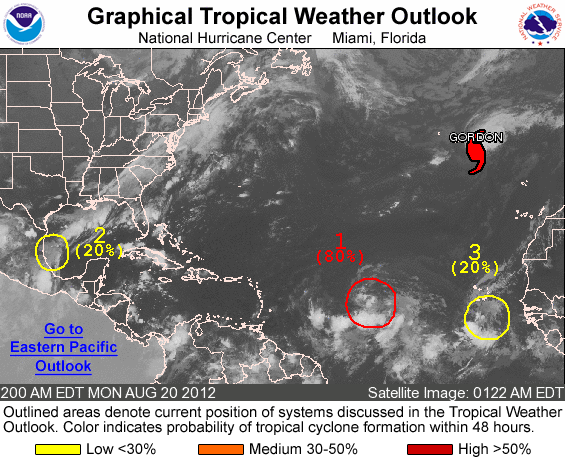
FOR THE NORTH ATLANTIC...CARIBBEAN SEA AND THE GULF OF MEXICO...

THE NATIONAL HURRICANE CENTER IS ISSUING ADVISORIES ON HURRICANE GORDON...LOCATED OVER THE NORTHEASTERN ATLANTIC OCEAN IN THE EASTERN AZORES ISLANDS ABOUT 20 MILES NORTH OF SANTA MARIA ISLAND AND ABOUT 40 MILES SOUTHEAST OF SAO MIGUEL ISLAND.

1. SHOWERS AND THUNDERSTORMS CONTINUE TO SHOW SIGNS OF ORGANIZATION ASSOCIATED WITH A TROPICAL WAVE AND A LOW PRESSURE AREA LOCATED ABOUT 1250 MILES EAST OF THE LESSER ANTILLES. ENVIRONMENTAL CONDITIONS ARE CONDUCIVE FOR A TROPICAL DEPRESSION TO FORM DURING THE NEXT DAY OR SO AS THE LARGE DISTURBANCE MOVES WESTWARD AT 20 TO 25 MPH. THIS SYSTEM HAS A HIGH CHANCE...80 PERCENT...OF BECOMING A TROPICAL CYCLONE DURING THE NEXT 48 HOURS.

2. CLOUDINESS AND SHOWERS ASSOCIATED WITH A SURFACE TROUGH LOCATED OVER THE SOUTHWESTERN GULF OF MEXICO HAVE CHANGED LITTLE DURING THE PAST SEVERAL HOURS. HOWEVER...SOME GRADUAL DEVELOPMENT OF THIS SYSTEM IS POSSIBLE DURING THE NEXT DAY OR SO IF THE DISTURBANCE REMAINS OFFSHORE. THIS SYSTEM HAS A LOW CHANCE...20 PERCENT...OF BECOMING A TROPICAL CYCLONE DURING THE NEXT 48 HOURS. REGARDLESS OF DEVELOPMENT...HEAVY RAINFALL IS POSSIBLE IN THE MEXICAN STATES OF TAMAULIPAS AND VERACRUZ DURING THE NEXT DAY OR TWO.

3. A TROPICAL WAVE LOCATED ABOUT 150 MILES SOUTH OF THE CAPE VERDE ISLANDS IS PRODUCING SCATTERED SHOWERS AND A FEW THUNDERSTORMS. SOME GRADUAL DEVELOPMENT IS POSSIBLE OVER THE NEXT FEW DAYS AS THE DISTURBANCE MOVES WESTWARD AT 15 TO 20 MPH. THIS SYSTEM HAS A LOW CHANCE...20 PERCENT...OF BECOMING A TROPICAL CYCLONE DURING THE NEXT 48 HOURS.

ELSEWHERE...TROPICAL CYCLONE FORMATION IS NOT EXPECTED DURING THE NEXT 48 HOURS.

FORECASTER STEWART